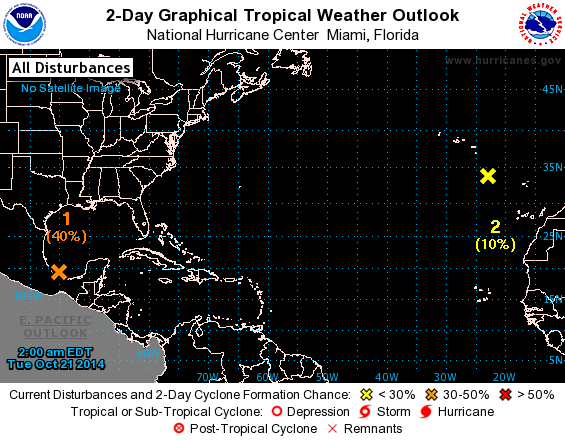
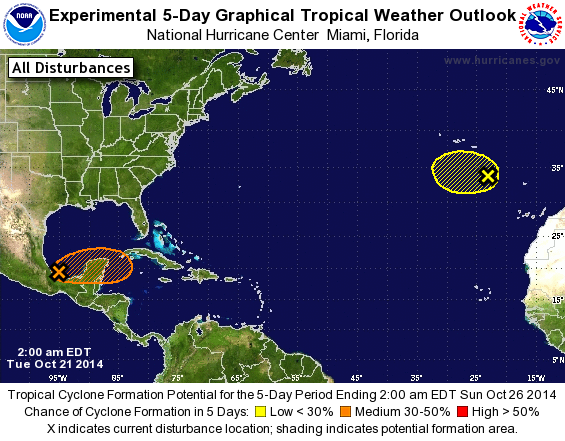
For the North Atlantic...Caribbean Sea and the Gulf of Mexico:

1. Showers and thunderstorms associated with an area of low pressure located over the southwestern Bay of Campeche are currently limited. This system still has the potential to become a tropical cyclone during the next couple of days while it moves slowly eastward across the southern Bay of Campeche. Later in the week, the low is forecast to interact and possibly merge with a frontal system over the southeastern Gulf of Mexico or northwestern Caribbean Sea. An Air Force Reserve reconnaissance aircraft is scheduled to investigate the disturbance this afternoon, if necessary. Interests in the Yucatan Peninsula should monitor the progress of this system.
* Formation chance through 48 hours...medium...40 percent.
* Formation chance through 5 days...medium...50 percent.

2. A large non-tropical low is located over the far eastern Atlantic Ocean a few hundred miles southeast of the Azores. This system is producing winds to gale-force and could gradually acquire some subtropical characteristics during the next day or so while it moves slowly westward. Upper-level winds are forecast to become less conducive for subtropical or tropical cyclone formation by late Wednesday and development after that time is not likely. Additional information on this system can be found in High Seas Forecasts issued by Meteo France.
* Formation chance through 48 hours...low...10 percent.
* Formation chance through 5 days...low...10 percent.

High Seas Forecasts issued by Meteo France can be found under WMO header FQNT50 LFPW.

Forecaster Brown